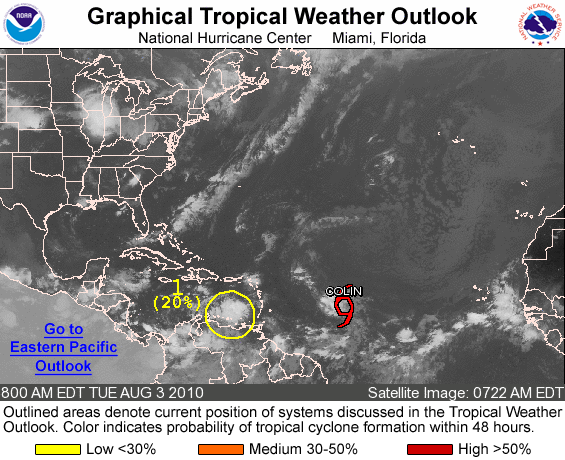
FOR THE NORTH ATLANTIC...CARIBBEAN SEA AND THE GULF OF MEXICO...

THE NATIONAL HURRICANE CENTER IS ISSUING ADVISORIES ON RECENTLY UPGRADED TROPICAL STORM COLIN...LOCATED ABOUT 945 MILES EAST OF THE LESSER ANTILLES.

1. CLOUDINESS...SHOWERS...AND THUNDERSTORMS OVER THE SOUTHEASTERN CARIBBEAN SEA AND THE ADJACENT LAND AREAS ARE ASSOCIATED WITH A WESTWARD-MOVING TROPICAL WAVE. THERE ARE CURRENTLY NO SIGNS OF ORGANIZATION...AND DEVELOPMENT...IF ANY...IS LIKELY TO BE SLOW DUE TO THE PROXIMITY TO LAND. THERE IS A LOW CHANCE...20 PERCENT...OF THIS SYSTEM BECOMING A TROPICAL CYCLONE DURING THE NEXT 48 HOURS.

ELSEWHERE...TROPICAL CYCLONE FORMATION IS NOT EXPECTED DURING THE NEXT 48 HOURS.

PUBLIC ADVISORIES ON TROPICAL STORM COLIN ARE ISSUED UNDER WMO HEADER WTNT34 KNHC AND UNDER AWIPS HEADER MIATCPAT4. FORECAST/ADVISORIES ON THE DEPRESSION ARE ISSUED UNDER WMO HEADER WTNT24 KNHC AND UNDER AWIPS HEADER MIATCMAT4.

FORECASTER BEVEN